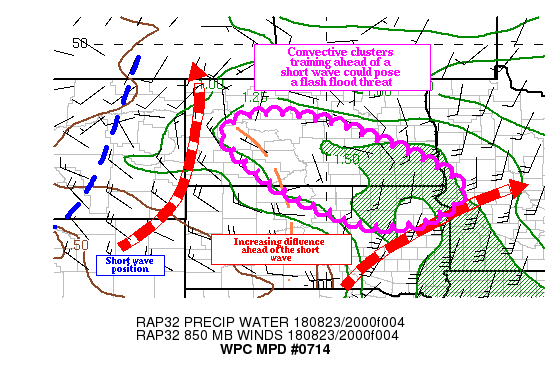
Areas affected...ND into northeast SD

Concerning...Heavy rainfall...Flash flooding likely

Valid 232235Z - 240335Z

Summary...Developing convection ahead of a short wave could
organize into training clusters, which could result in flash
flooding across portions of ND and SD this evening.

Discussion...Regional radars over ND showed bands of convection
trying to form in an axis of moisture oriented from northwest to
south. The convection is responding to MLCAPE values between
1000-2000 J/KG, but enough CIN remains in place, due to earlier
cloud cover, to keep the convection mainly elevated thus far.

With the approach of a short wave located over eastern MT, the
remaining CIN is expected to be removed as the convection becomes
more surfaced based (per recent RAP soundings extending from west
central ND into northeast SD). Increasing difluence ahead of the
short wave, in conjunction with the instability in place, should
allow the convection to expand across the region this evening.

Precipitable water values increase to near 1.50 inches on a
strengthening low level southwest flow, and this moisture is
wrapped back into the instability ahead of the short wave. The
resulting convective clusters are expected to track northeast with
the 850-300 mb mean flow, though there could be an eastward
component to the clusters (based on the RAP propagation vectors).

The most recent HRRR suggests that the convection forms after
24/00z, when the storms become more surface based. However, based
on how quickly the CIN is being removed, it is likely that the
HRRR is too slow with the development of the convective clusters.
Most of the high resolution guidance (including the most recent
HRRR and 12z WRF ARW) suggest local 2.00 to 4.00 inches of
rainfall, and this is supported by 18z HREF probabilities showing
a 90 percent chance of more than 2.00 inches of rainfall, centered
over south central ND.

Flash flood guidance values are as low as 1.50 inches over eastern
ND, and based on the expected environment, this values could be
easily exceeded. Therefore, flash flooding is likely in areas
where convective cluster training occurs late this evening.